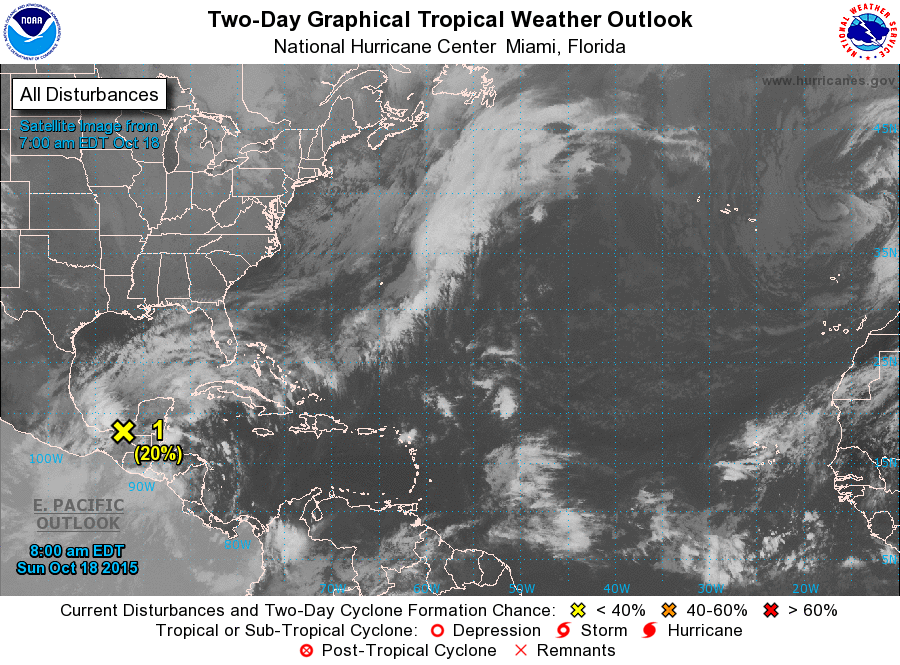
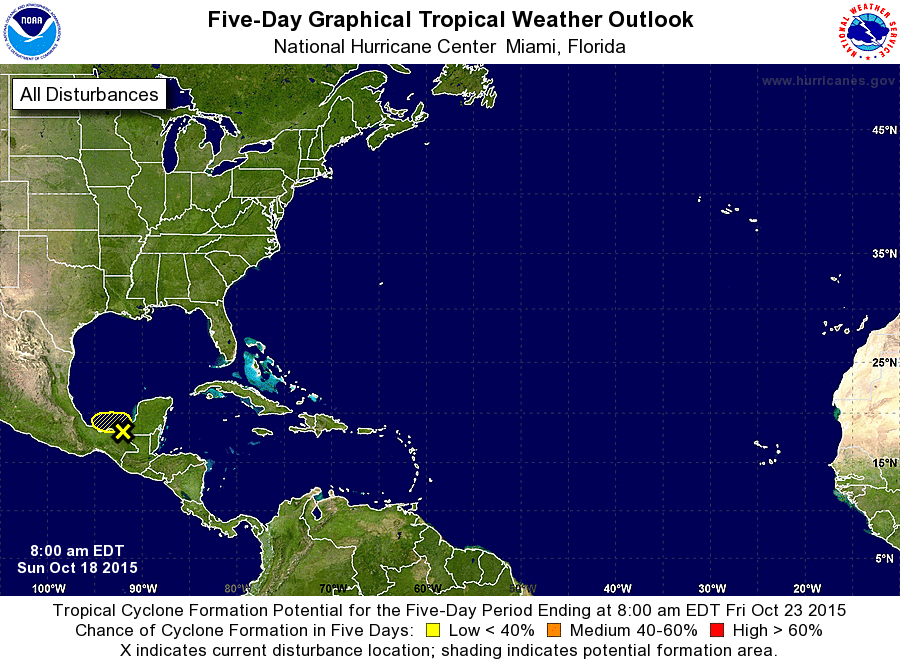
For the North Atlantic...Caribbean Sea and the Gulf of Mexico:

1. An area of low pressure located inland over southeastern Mexico between Villahermosa and Ciudad del Carmen is producing disorganized showers and a few thunderstorms, primarily across portions of the Bay of Campeche. This system is moving slowly west-northwestward, and some development is possible later today or on Monday after the low emerges into the southern Bay of Campeche. An Air Force Reserve Hurricane Hunter aircraft is scheduled to investigate this system this afternoon, if necessary. Regardless of tropical cyclone formation, this system could produce heavy rainfall across portions of southeastern Mexico and the Yucatan Peninsula during the next day or two.
* Formation chance through 48 hours...low...20 percent
* Formation chance through 5 days...low...20 percent

Forecaster Kimberlain